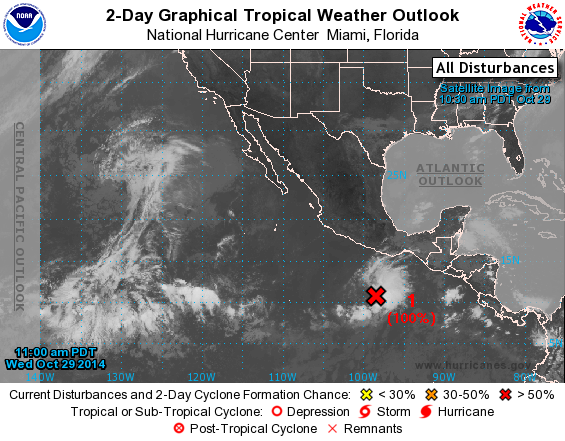
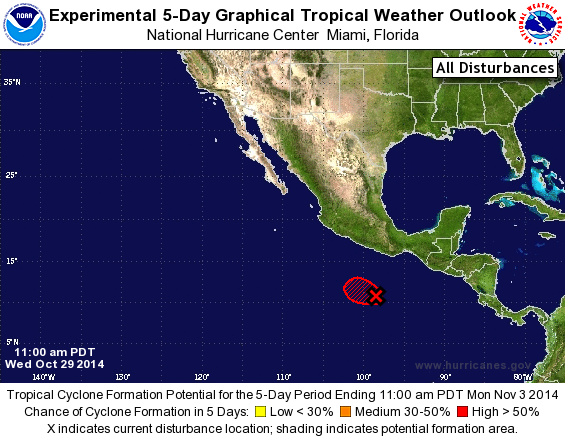
For the eastern North Pacific...east of 140 degrees west longitude:

1. Satellite images indicate that the area of low pressure located several hundred miles south of Acapulco, Mexico, is becoming better defined, and a tropical depression could be forming. Environmental conditions are conducive for further development, and a tropical depression is expected to form by tonight while the low moves west-northwestward at about 5 mph.
* Formation chance through 48 hours...high...near 100 percent.
* Formation chance through 5 days...high...near 100 percent.

Forecaster Blake